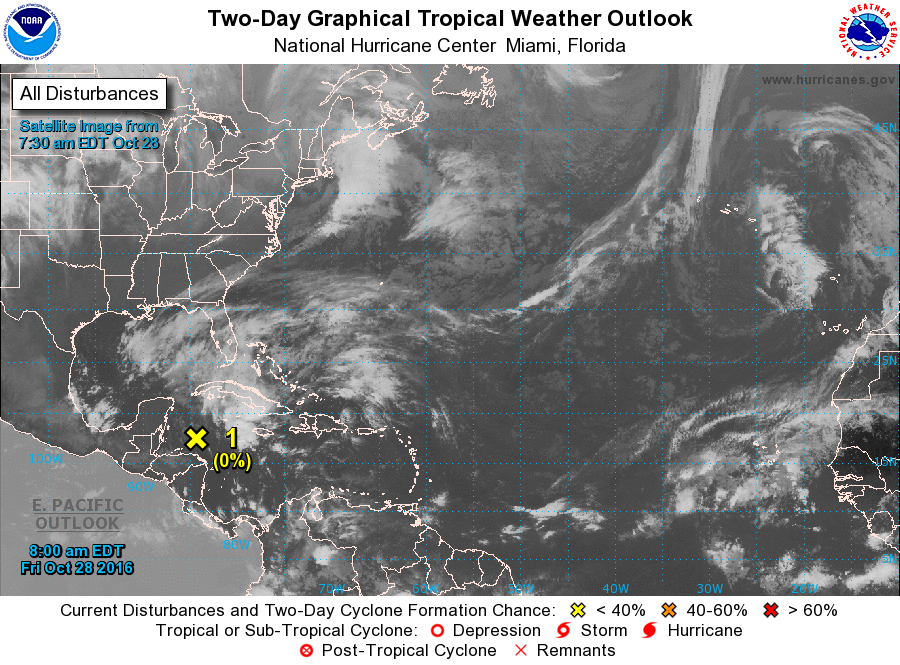
For the North Atlantic...Caribbean Sea and the Gulf of Mexico:

1. Disorganized showers and thunderstorms over the northwestern Caribbean Sea and the southeastern Gulf of Mexico are associated with a broad area of low pressure located about a hundred miles north of the coast of Honduras. While this system is producing winds to near gale force north of the center, development is not expected due to strong upper-level winds. The low is forecast to move little over the next few days, and locally heavy rainfall is possible across portions of the eastern Yucatan peninsula, Cuba, the Cayman Islands, and Jamaica through the weekend.
* Formation chance through 48 hours...low...near 0 percent
* Formation chance through 5 days...low...near 0 percent

Forecaster Beven